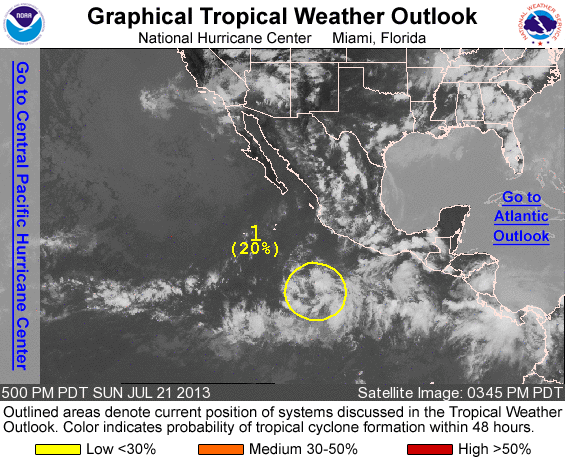
FOR THE EASTERN NORTH PACIFIC...EAST OF 140 DEGREES WEST LONGITUDE..

1. SHOWERS AND THUNDERSTORMS ASSOCIATED WITH A BROAD LOW PRESSURE AREA LOCATED ABOUT 600 MILES SOUTHWEST OF ACAPULCO MEXICO REMAIN DISORGANIZED. HOWEVER...THE CENTER OF CIRCULATION HAS BECOME BETTER DEFINED DURING THE DAY...AND CONTINUED SLOW DEVELOPMENT OF THE LOW IS POSSIBLE AS IT MOVES WEST-NORTHWESTWARD AT 10 TO 15 MPH DURING THE NEXT COUPLE OF DAYS. THIS SYSTEM HAS A LOW CHANCE...20 PERCENT...OF BECOMING A TROPICAL CYCLONE DURING THE NEXT 48 HOURS.

FORECASTER BERG